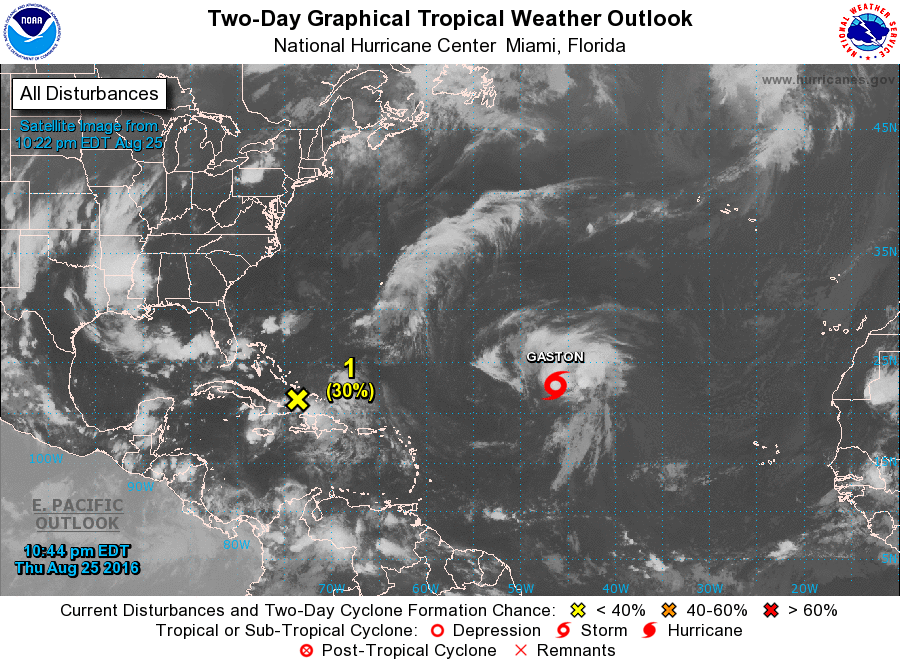
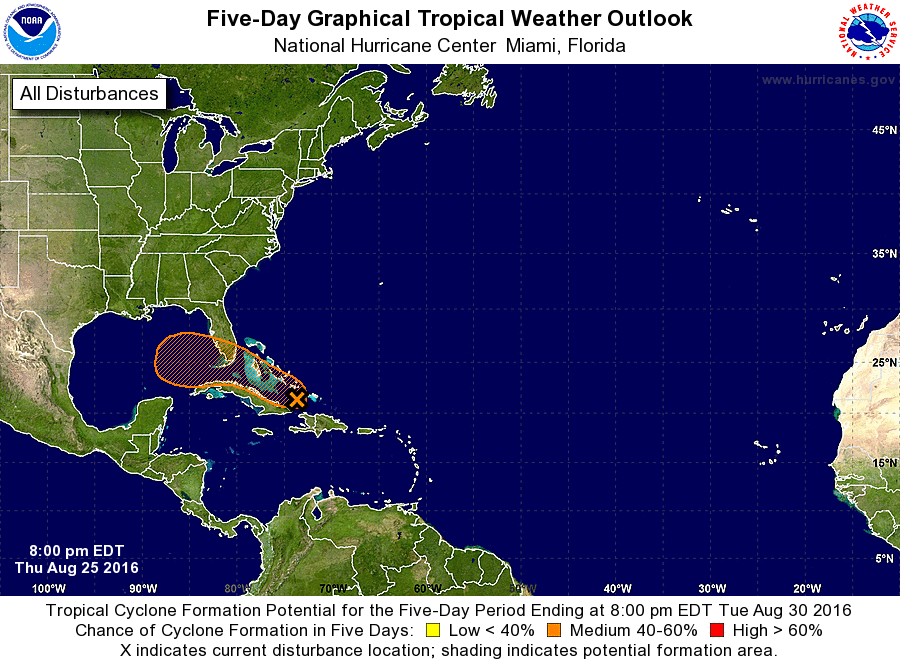
For the North Atlantic...Caribbean Sea and the Gulf of Mexico:

The National Hurricane Center is issuing advisories on Tropical Storm Gaston, located about 1100 miles east-northeast of the Leeward Islands.

1. A broad area of low pressure associated with a tropical wave is moving westward at 15 to 20 mph through the southeastern Bahamas. This system has become less organized since yesterday, with only minimal associated shower activity, and the chances for development during the next 2 days have decreased. Overall, environmental conditions are not expected to be as conducive for development of this system as anticipated earlier this week. However, upper-level winds could become a little more favorable over the weekend or early next week when the system is expected to be near the Florida Keys or over the southeastern Gulf of Mexico.

Regardless of development, heavy rains, with the potential to cause flash floods and mudslides, are likely over Hispaniola and eastern Cuba through tomorrow. This system could produce gusty winds and locally heavy rainfall over portions of the Bahamas during the next day or two. Interests in South Florida and the Florida Keys should monitor the progress of this disturbance since it is possible that some impacts, such as heavy rains and gusty winds, will occur beginning this weekend.
* Formation chance through 48 hours...low...30 percent
* Formation chance through 5 days...medium...60 percent

Forecaster Blake